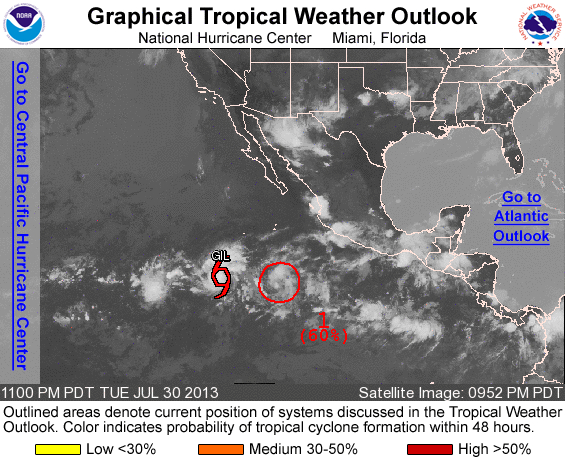
FOR THE EASTERN NORTH PACIFIC...EAST OF 140 DEGREES WEST LONGITUDE..

THE NATIONAL HURRICANE CENTER IS ISSUING ADVISORIES ON TROPICAL STORM GIL...LOCATED WELL OFFSHORE OF THE SOUTHWESTERN COAST OF MEXICO.

1. SHOWERS AND THUNDERSTORMS ASSOCIATED WITH A LOW PRESSURE SYSTEM LOCATED ABOUT 750 MILES SOUTH OF THE SOUTHERN TIP OF THE BAJA CALIFORNIA PENINSULA HAVE DIMINISHED DURING THE PAST FEW HOURS. HOWEVER...THE LOW HAS A WELL-DEFINED CIRCULATION...AND IT STILL HAS THE POTENTIAL TO BECOME A TROPICAL DEPRESSION LATER TODAY. THIS SYSTEM HAS A HIGH CHANCE...60 PERCENT...OF BECOMING A TROPICAL CYCLONE DURING THE NEXT 48 HOURS AS IT MOVES GENERALLY WESTWARD AT 10 TO 15 MPH.

ELSEWHERE...TROPICAL CYCLONE FORMATION IS NOT EXPECTED DURING THE NEXT 48 HOURS.

PUBLIC ADVISORIES ON TROPICAL STORM GIL ARE ISSUED UNDER WMO HEADER WTPZ32 KNHC AND UNDER AWIPS HEADER MIATCPEP2. FORECAST/ADVISORIES ON GIL ARE ISSUED UNDER WMO HEADER WTPZ22 KNHC AND UNDER AWIPS HEADER MIATCMEP2.

FORECASTER BERG